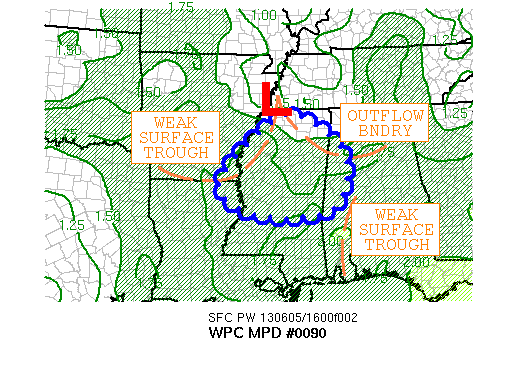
AREAS AFFECTED...SOUTHEAST AR...NORTHERN AND CENTRAL MS...WESTERN
AL...NORTHEAST LA

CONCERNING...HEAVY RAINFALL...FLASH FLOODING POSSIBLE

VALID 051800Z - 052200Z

SUMMARY...SLOW-MOVING CONVECTION FROM THE ARKANSAS/LOUISIANA
BORDER EASTWARD ACROSS NORTHERN MS INTO NORTHWEST ALABAMA COULD
LEAD TO FLASH FLOODING OVER THE NEXT SEVERAL HOURS.

DISCUSSION...AN OUTFLOW BOUNDARY COMBINED WITH A WEAK SURFACE
TROUGH ARE FOCUSING A BROAD BAND OF THUNDERSTORMS OVER NORTHERN
MS, WHICH ARE SLOWLY MOVING EASTWARD.  ANOTHER WEAK
TROUGH/POSSIBLE OUTFLOW BOUNDARY IS MOVING IN FROM SOUTHERN
ALABAMA, WHICH COULD ADD TO THE CONVERGENCE AND CONVECTIVE
COVERAGE ACROSS THE REGION LATER THIS AFTERNOON.  INSTABILITY
ACROSS THE REGION EXISTS DUE TO DAYTIME HEATING, AND THE REGION IS
IN DIFFLUENT FLOW ALOFT AHEAD OF A MESOSCALE CONVECTIVE VORTEX --
MCV -- ACROSS SOUTHWEST MO.  WHILE THE 12Z ARW HAS CAPTURED MOST
OF THE THUNDERSTORM ACTIVITY ACROSS THE SOUTHEAST AND MID-SOUTH
REASONABLY WELL, IT DOES NOT SEEM TO HAVE DONE AS WELL WITH THE
MCV.  THE 12Z HRRR CAPTURED THE MCV WELL BUT HAS NOT INITIATED THE
ONGOING PRECIPITATION ACROSS THIS AREA CORRECTLY.  PRECIPITABLE
WATER VALUES -- PWS -- ARE BETWEEN 1.5-2.0 INCHES IN THIS AREA.
THE INFLOW AT 850 HPA IS FROM THE WEST AT AROUND 20 KTS PER VAD
WIND PROFILES...EXCEEDING 16Z RAP ESTIMATES, WHICH APPEAR TO BE
HELPING FOCUS CONVECTION ACROSS NORTHWEST MISSISSIPPI.  DUE TO THE
RAINBAND BECOMING ORIENTED WITH THE PROPAGATION VECTORS IN THIS
AREA -- WHICH ARE GENERALLY ALIGNED FROM WNW TO ESE - A COUPLE
HOURS OF RAINFALL COULD CAUSE FLASH FLOODING.  LOCAL AMOUNTS OF
3-5 INCHES ARE POSSIBLE WITHIN A COUPLE HOURS WHERE CELLS TRAIN.